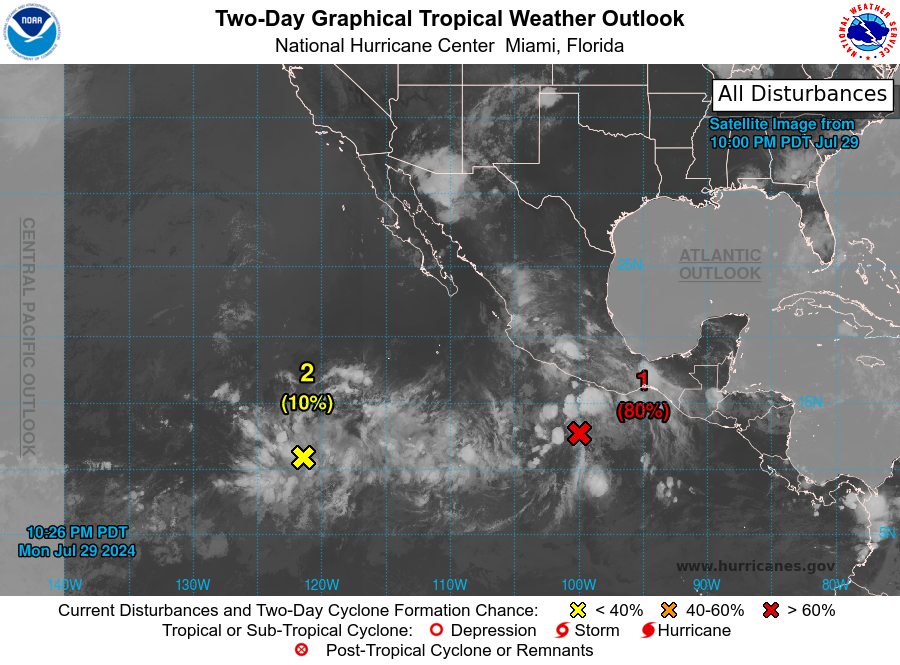
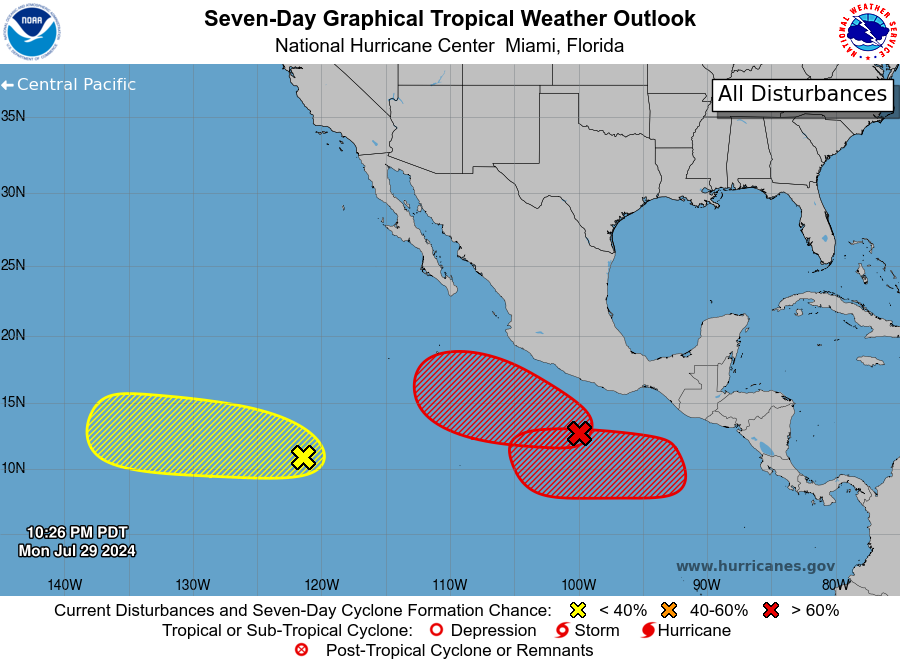
For the eastern North Pacific...east of 140 degrees west longitude:

1. South of Southern Mexico (EP94): Satellite images indicate that an area of low pressure located a few hundred miles south of the southern coast of Mexico continues to show signs of organization. Environmental conditions appear conducive for further development of this system, and a tropical depression is very likely to form within the next couple of days. The system is forecast to move westward to west-northwestward at 10 to 15 mph during the next several days, remaining offshore of the southern coast of Mexico.
* Formation chance through 48 hours...high...80 percent.
* Formation chance through 7 days...high...90 percent.

2. Western East Pacific: A tropical wave located well to the southwest of the southern tip of the Baja California Peninsula continues to produce disorganized showers and thunderstorms. Gradual development of this system is possible during the middle and latter parts of the week while it moves westward to west-northwestward at about 10 mph across the western portion of the basin.
* Formation chance through 48 hours...low...10 percent.
* Formation chance through 7 days...low...30 percent.

3. South of Central America and Southern Mexico: An area of low pressure is forecast to form offshore of the coast of Central America and southern Mexico later this week. Environmental conditions appear conducive for gradual development of this system, and a tropical depression is likely to form towards the end of the week or this weekend. The system is forecast to move westward to west-northwestward at 10 to 15 mph during the next several days, remaining offshore.
* Formation chance through 48 hours...low...near 0 percent.
* Formation chance through 7 days...high...70 percent.

Forecaster Blake